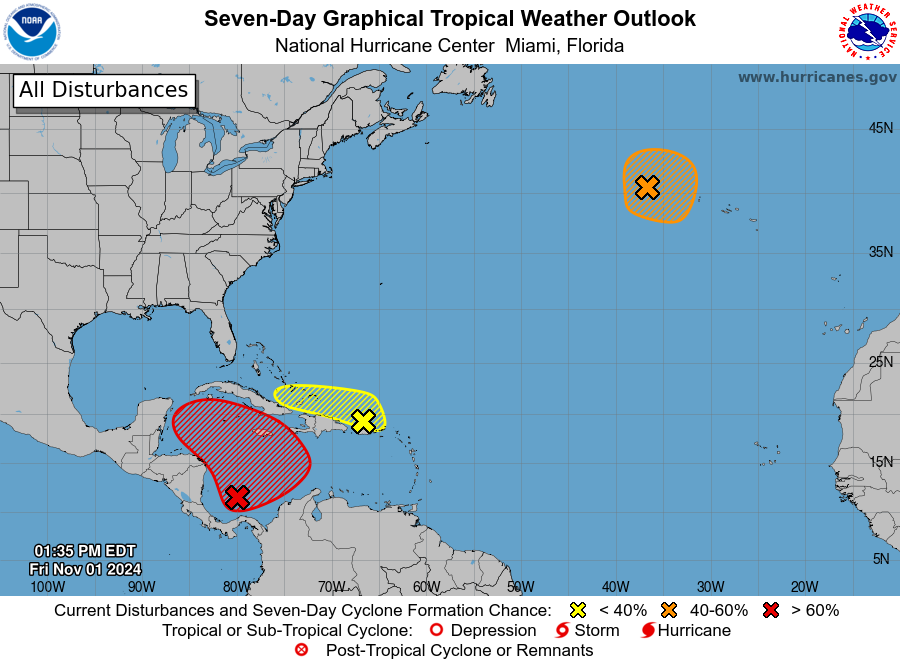
For the North Atlantic...Caribbean Sea and the Gulf of Mexico:

1. Southwestern Caribbean Sea: A broad area of low pressure is likely to develop over the southwestern Caribbean Sea during the next day or so. Gradual development is possible thereafter, and a tropical depression is likely to form late this weekend or early next week while the system drifts generally northward or northwestward over the central or western Caribbean Sea. Regardless of development, locally heavy rains are possible over portions of the adjacent land areas of the western Caribbean.
* Formation chance through 48 hours...low...30 percent.
* Formation chance through 7 days...high...70 percent.

2. Northeastern Caribbean Sea and Greater Antilles: A trough of low pressure located near Puerto Rico is producing a large area of showers and thunderstorms over portions of the Greater Antilles and the adjacent waters of the Atlantic and the northeastern Caribbean. Slow development of this system is possible during the next few days as it moves west-northwestward near the Greater Antilles. After that time, this system is expected to be absorbed into the low pressure area over the Caribbean. Regardless of development, locally heavy rains are possible during the next several days from the northern Leeward Islands westward across Puerto Rico and Hispaniola to eastern Cuba and the southeastern Bahamas.
* Formation chance through 48 hours...low...10 percent.
* Formation chance through 7 days...low...10 percent.

3. North Atlantic: A low pressure system located a few hundred miles west of the Azores has been producing increased convection near its center over the past few hours. Earlier satellite derived wind data depicted winds to storm-force mainly to the south of the the center. Environmental conditions appear favorable for some additional development and the system could become a subtropical or tropical storm as it moves generally eastward during the next few days. Interest in the Azores should monitor the progress of this system. Additional information on this system is available in High Seas Forecasts issued by the National Weather Service.
* Formation chance through 48 hours...medium...40 percent.
* Formation chance through 7 days...medium...40 percent.

High Seas Forecasts issued by the National Weather Service can be found under AWIPS header NFDHSFAT1, WMO header FZNT01 KWBC, and online at ocean.weather.gov/shtml/NFDHSFAT1.php

Forecaster Kelly